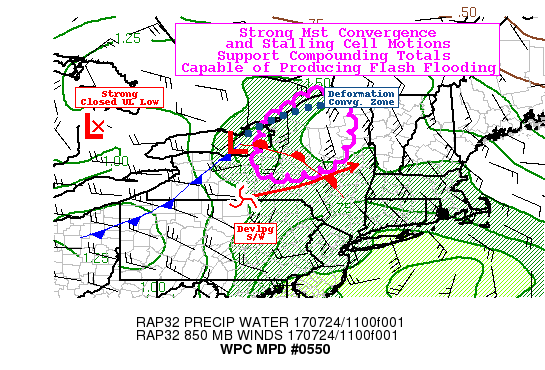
AREAS AFFECTED...NORTH CENTRAL NEW YORK

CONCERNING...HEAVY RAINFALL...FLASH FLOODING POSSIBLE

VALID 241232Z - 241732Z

SUMMARY...LOW INSTABILITY BUT VERY STRONG MOISTURE CONVERGENCE AND
SLOW CELL MOTIONS PRESENT FLOODING CONCERN THIS MORNING.

DISCUSSION...GOES-E WV LOOP DEPICTS A VERY STRONG VORT MAX ACROSS
SE ONTARIO THAT IS SWINGING A BIT NEGATIVE TILT SUPPORTING A
SECONDARY SHORTWAVE TO AMPLIFY ACROSS S CENTRAL NY.  THIS ALLOWS
FOR A STRONG STACKED SFC TO 7H LOW ACROSS E LAKE ONTARIO WITH
NEARLY STATIONARY MOISTURE STREAMS THAT CONVERGE ACROSS N
NY...PARTICULARLY ALONG THE NORTHEAST EXTENSION ACROSS THE
DEFORMATION ZONE ALONG THE US/CANADA BORDER.  GIVEN STRENGTH OF
CONVERGENCE AND DPVA THERE IS SUFFICIENT ASCENT TO OVERCOME
GENERALLY STABLE ENVIRONMENT FOR EFFICIENT STRATIFORM SHOWERS
CAPABLE OF .5"/HR AT THIS TIME...SATURATING THE GROUND PRECURSORY
TO ADVANCING CONVECTION FROM THE WEST.

GOES-16 10.3UM IR DEPICTS COOLING TOPS INDICATIVE OF DEEPER
CONVECTION ACROSS E ONTARIO REACHING -55C WHICH IS NEAR THE EL
(PER 12Z KBUF SOUNDING)...WITH DPVA COMES MID-LEVEL CAA STEEPENING
THE LAPSE RATES AND SUPPORTING INSTABILITY REACHING 1500 J/KG.
GIVEN TPW AOA 1.7" EFFICIENCY TO PRODUCE 1.5-1.75"/HR WOULD BE
EXPECTED.  CURRENT TRENDS SUGGEST FORWARD MOTIONS WOULD BE A
LIMITATION FOR TOTALS CAPABLE OF FLASH FLOODING AT THIS TIME (WITH
EXCEPTION SOUTH OF THE MOHAWK VALLEY WHERE FFG VALUES ARE
COMPROMISED).  HOWEVER...AS THE HEIGHT FALLS/MEAN TROF ADVANCES
OVER THE NEXT HOUR OR SO THE SOUTHERN SHORTWAVE WILL CONTINUE TO
LIFT NORTHEAST AND LEAD TO BETTER INCIDENCE FOR THE TROF AND CELL
MOTIONS VECTORS TO STALL/NEAR ZERO FROM SOUTHWESTERN SLOPES OF THE
ADIRONDACK MOUNTAINS TOWARD THE EASTERN PORTION OF LAKE ONTARIO.
IT IS AT THE PIVOT NEAR LAKE ONTARIO THE GREATEST THREAT WILL
OCCUR WITH RATES OF 1.5"/HR OVER A 2-3HOUR STRETCH POSSIBLE
LEADING TO TOTALS OVER 4".  THOUGH THIS MAY OCCUR NORTH OF THE
BORDER IN CANADA...THE THREAT IS SUFFICIENT FOR FLASH FLOODING TO
BE POSSIBLE ACROSS THE DISCUSSION AREA THROUGH 18Z.